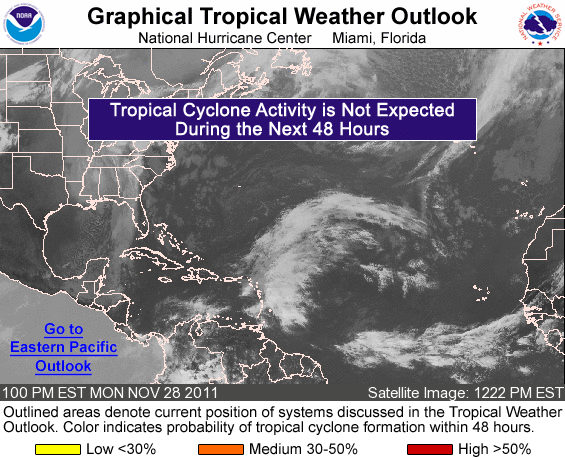
FOR THE NORTH ATLANTIC...CARIBBEAN SEA AND THE GULF OF MEXICO...

TROPICAL CYCLONE FORMATION IS NOT EXPECTED DURING THE NEXT 48 HOURS.

FORECASTER KIMBERLAIN